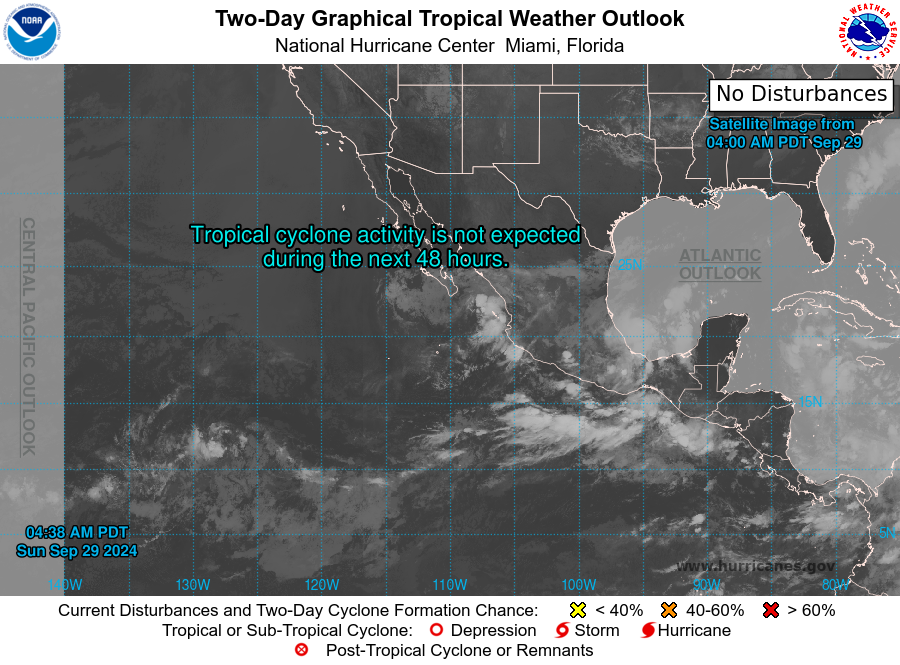
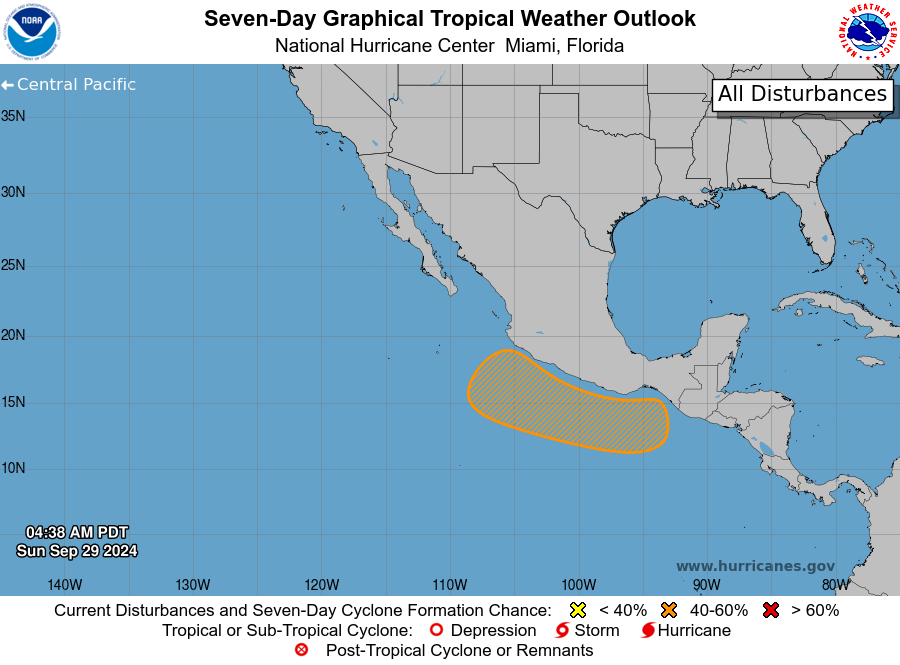
For the eastern North Pacific...east of 140 degrees west longitude:

1. Offshore of Southern and Southwestern Mexico: An area of low pressure is forecast to develop off the coast of southern or southwestern Mexico in a day or two. Thereafter, environmental conditions appear generally favorable for additional development, and a tropical depression could form by the middle to latter part of this week while the system drifts slowly westward or northwestward.
* Formation chance through 48 hours...low...near 0 percent.
* Formation chance through 7 days...medium...40 percent.

Forecaster Papin